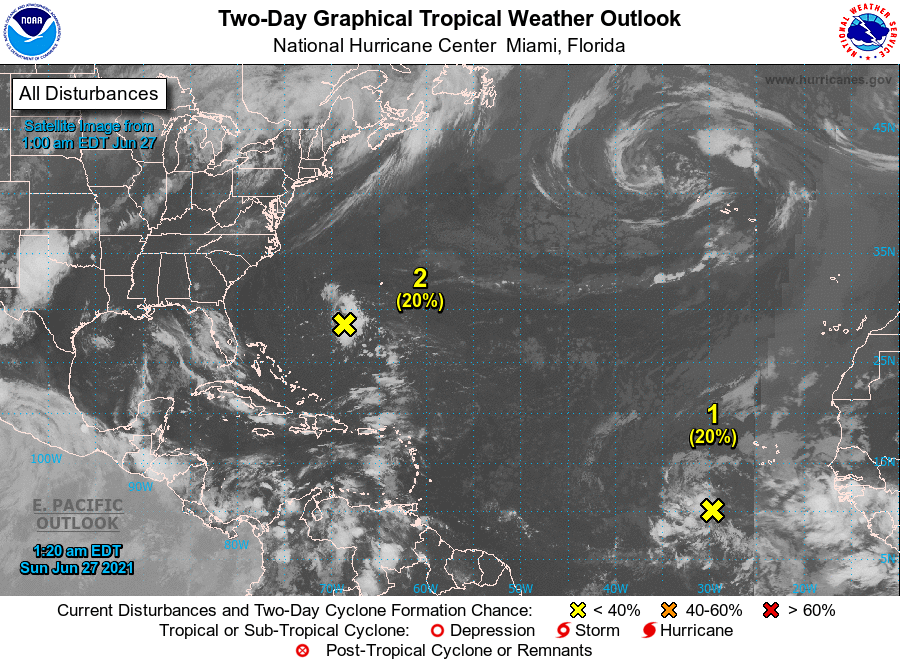
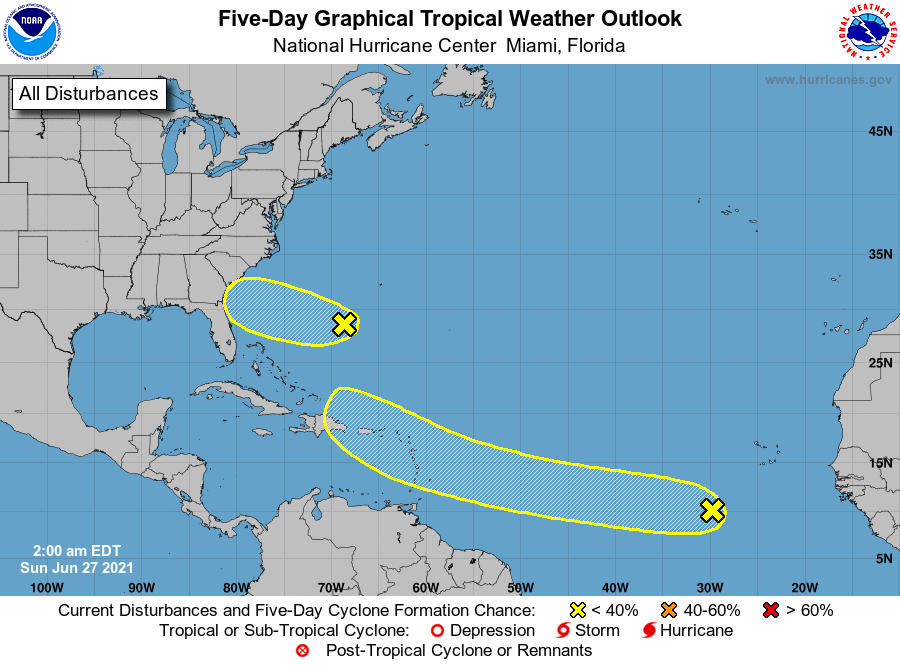
For the North Atlantic...Caribbean Sea and the Gulf of Mexico:

1. A broad area of low pressure associated with a tropical wave located over the eastern tropical Atlantic Ocean several hundred miles southwest of the Cabo Verde Islands continues to produce disorganized shower and thunderstorm activity. Some slow development of this system is possible through the middle of next week while it moves a little faster toward the west and then west-northwest at about 20 mph.
* Formation chance through 48 hours...low...20 percent.
* Formation chance through 5 days...low...30 percent.

2. A surface trough located a few hundred miles southwest of Bermuda is producing a broad area of disorganized showers and thunderstorms. Surface pressures remain high across the area, and significant development of this system is not anticipated while it moves westward and then west-northwestward at about 15 mph over the next few days, reaching the coast of the southeastern United States late Monday.
* Formation chance through 48 hours...low...20 percent.
* Formation chance through 5 days...low...20 percent.

Forecaster Pasch